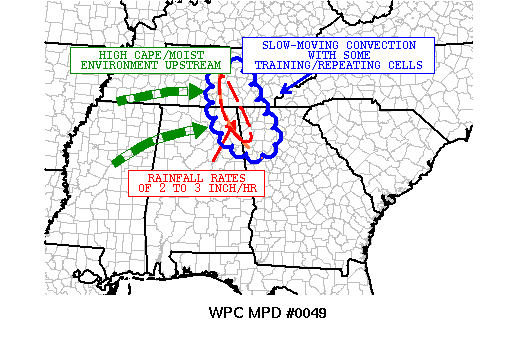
AREAS AFFECTED...CENTRAL AND SOUTHEAST TN...NORTHEAST
AL...NORTHWEST GA

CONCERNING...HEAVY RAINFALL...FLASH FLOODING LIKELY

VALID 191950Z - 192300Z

SUMMARY...SLOW-MOVING COLD TOPPED CONVECTION FAVORING VERY HEAVY
RAINFALL RATES...WITH SOME TRAINING/REPEATING OF CONVECTION
EXPECTED.

DISCUSSION...LATEST IR SAT IMAGERY SHOWS CLUSTERS OF VERY COLD
TOPPED CONVECTION FOSTERING VERY HEAVY RAINFALL RATES UPWARDS OF 2
TO 3 INCH/HR OVER PORTIONS OF SERN TN AND NWRN GA. THIS AXIS OF
CONVECTION IS EXPECTED TO BE SUSTAINABLE AT LEAST THE NEXT FEW HRS
AS VERY UNSTABLE AIR AIDED BY STRONG DIURNAL HEATING AND AN
ALREADY MOIST BOUNDARY LAYER CONTINUES TO ADVECT IN FROM THE
WEST-SOUTHWEST WHILE INTERACTING WITH A COLD POOL INVOF THE
TN/GA/NC BORDER AREA ALONG WITH ADJACENT COUNTIES. FURTHER AIDED
LOW LEVEL FORCING IS PROXIMITY OF A SLOW-MOVING OUTFLOW BOUNDARY.
THE UPPER FLOW IS ALSO MODERATELY DIFFLUENT WITH THE AID OF A
SHORTWAVE COMPLEX OVER THE OH VALLEY. ADDITIONALLY..WV IMAGERY
SUGGESTS A WEAK JET MAX ADVANCING SOUTHEAST INTO FAR WRN KY AND
WRN TN WHICH WILL AID LARGER SCALE ASCENT THE NEXT FEW HOURS INVOF
AREAS ALREADY SEEING COLD-TOPPED CONVECTION. SO...EXPECTING THE
ONGOING CONVECTION TO AT LEAST SUSTAIN ITS CURRENT LEVEL OF
ORGANIZATION OR PERHAPS EXPAND IN COVERAGE GIVEN MUCAPE VALUES OF
3000 TO 4000 J/KG FEEDING SLOWLY BUT STEADILY INTO THE WRN EDGE OF
THE SLOW-MOVING CONVECTIVE MASS. PORTIONS OF THE THREAT AREA HAVE
ALREADY SEEN EXCESSIVE RAINFALL AMOUNTS...SO FLASH FLOODING IS
LIKELY...AND ESP CONSIDERING THE HIGH MOISTURE CONTENT OF THE
ATMOSPHERE AND SLOW MOVEMENT AND/OR MERGING OF CONVECTIVE CELLS.